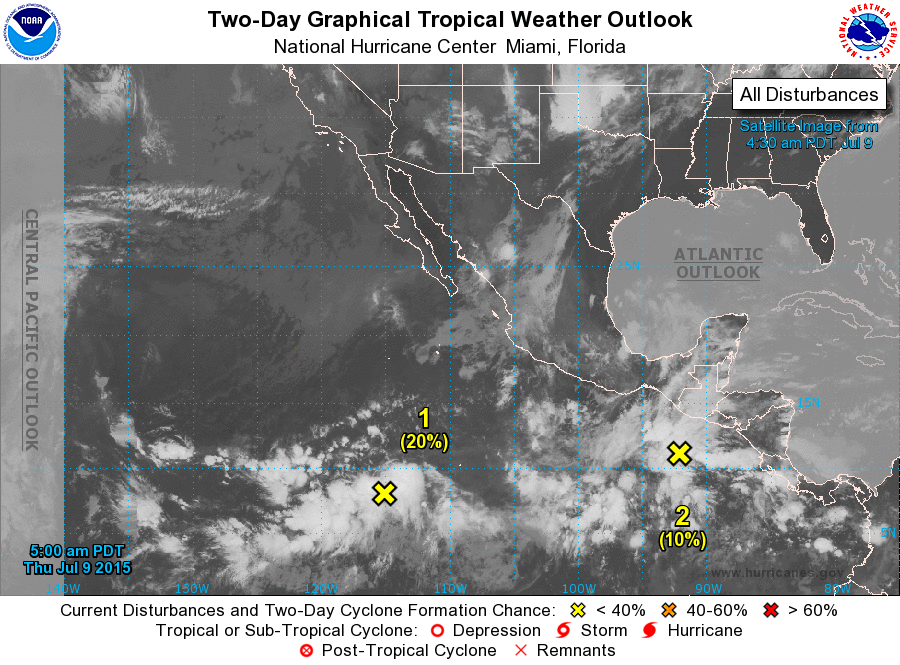
For the eastern North Pacific...east of 140 degrees west longitude:

1. Disorganized showers and thunderstorms centered about 1100 miles south-southwest of the southern tip of Baja California Sur are associated with a tropical wave and a broad low pressure area. Gradual development is anticipated through the weekend, and this system will likely become a tropical depression by early next week while it moves west-northwestward or northwestward.
* Formation chance through 48 hours...low...20 percent
* Formation chance through 5 days...high...70 percent

2. Disorganized showers and thunderstorms located south of Guatemala and southeastern Mexico are associated with a tropical wave. Conditions are expected to be conducive for gradual development over the next several days, and this system will likely become a tropical depression by early next week while it moves west- northwestward.
* Formation chance through 48 hours...low...10 percent
* Formation chance through 5 days...high...70 percent

Forecaster Brennan